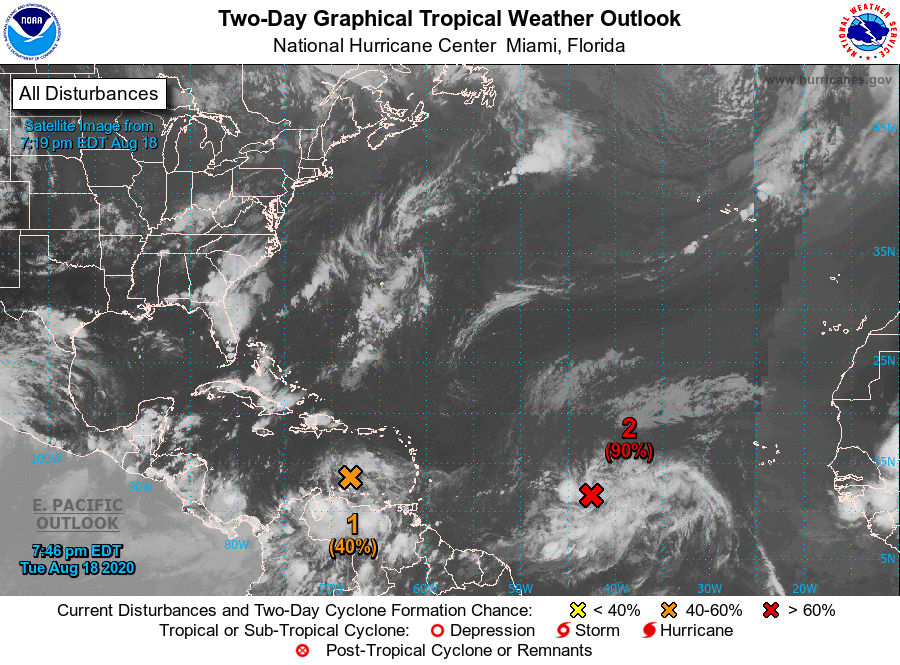
For the North Atlantic...Caribbean Sea and the Gulf of Mexico:

1. A tropical wave located over the eastern Caribbean Sea is producing a large area of cloudiness and disorganized thunderstorms, along with strong gusty winds on the north side of the disturbance. Significant development of this system is unlikely during the next day or so while it moves quickly westward at about 20 mph across the eastern and central Caribbean Sea. After that time, however, the wave is forecast to move more slowly west-northwestward, and a tropical depression is likely to form late this week or this weekend when the system reaches the northwestern Caribbean Sea.
* Formation chance through 48 hours...medium...40 percent.
* Formation chance through 5 days...high...80 percent.

2. A broad and elongated area of low pressure located about 1000 miles west-southwest of the Cabo Verde Islands continues to produce a concentrated area of showers and thunderstorms on the west side of the disturbance. Environmental conditions are conducive for further development, and a tropical depression is expected to form during the next day or two while the system moves generally west- northwestward at 15 to 20 mph across the central and western portions of the tropical Atlantic.
* Formation chance through 48 hours...high...90 percent.
* Formation chance through 5 days...high...90 percent.

Forecaster Stewart